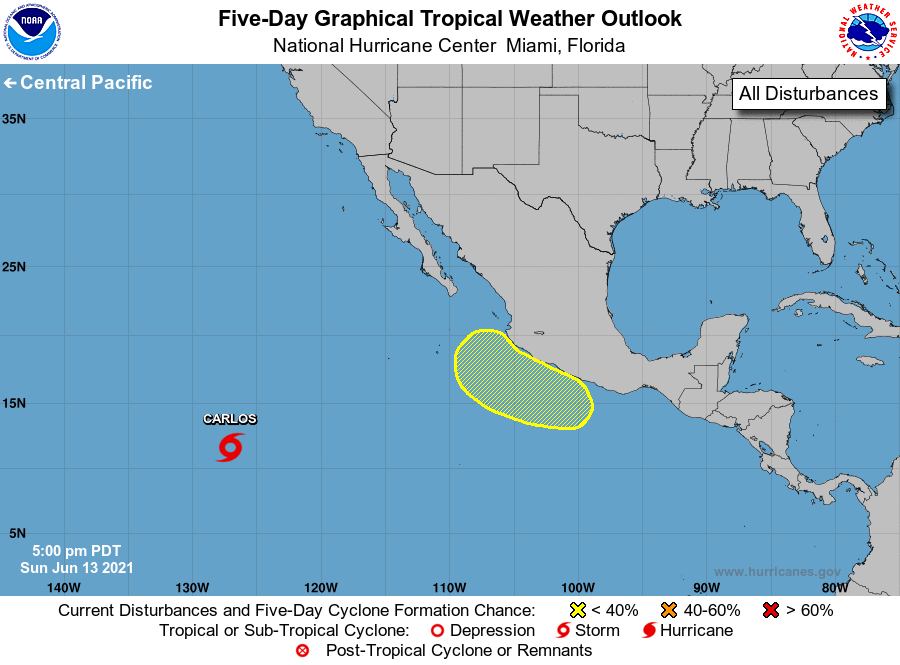
For the eastern North Pacific...east of 140 degrees west longitude:

The National Hurricane Center is issuing advisories on Tropical Storm Carlos, located over 1300 miles west-southwest of the southern tip of the Baja California peninsula.

1. An area of low pressure is expected to form by late this week a couple of hundred miles offshore of the coast of southwestern Mexico. Environmental conditions could support some gradual development of this system thereafter as it moves slowly northwestward, roughly parallel to the southwestern coast of Mexico.
* Formation chance through 48 hours...low...near 0 percent.
* Formation chance through 5 days...low...30 percent.

Forecaster Reinhart/Pasch